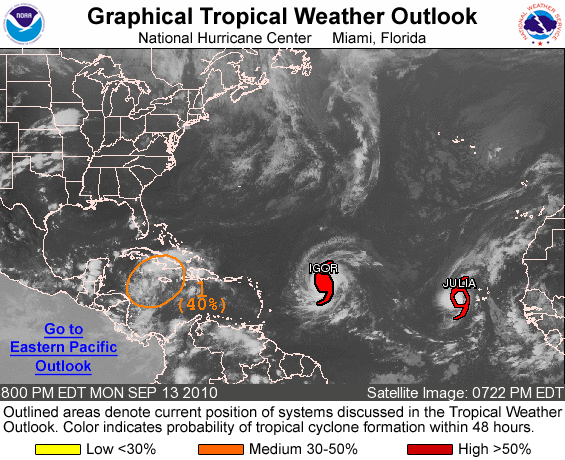
FOR THE NORTH ATLANTIC...CARIBBEAN SEA AND THE GULF OF MEXICO...

THE NATIONAL HURRICANE CENTER IS ISSUING ADVISORIES ON HURRICANE IGOR...LOCATED ABOUT 830 MILES EAST OF THE NORTHERN LEEWARD ISLANDS ...AND ON TROPICAL STORM JULIA...LOCATED ABOUT 225 MILES WEST OF THE SOUTHERNMOST CAPE VERDE ISLANDS.

1. SHOWERS AND THUNDERSTORMS ASSOCIATED WITH A BROAD AREA OF LOW PRESSURE OVER THE WEST-CENTRAL CARIBBEAN SEA REMAIN POORLY ORGANIZED AND HAVE WEAKENED OVER THE PAST FEW HOURS. HOWEVER... SOME DEVELOPMENT IS STILL POSSIBLE WHILE THIS SYSTEM IS OVER THE NORTHWESTERN CARIBBEAN SEA...AND THERE IS A MEDIUM CHANCE... 40 PERCENT...OF TROPICAL CYCLONE FORMATION BEFORE IT MOVES INLAND OVER THE YUCATAN PENINSULA BY WEDNESDAY EVENING. REGARDLESS OF DEVELOPMENT...LOCALLY HEAVY RAINFALL IS POSSIBLE OVER PORTIONS OF HISPANIOLA...JAMAICA...CUBA...THE CAYMAN ISLANDS...AND THE YUCATAN PENINSULA DURING THE NEXT DAY OR TWO. THESE RAINS COULD CAUSE LIFE-THREATENING FLASH FLOODS AND MUD SLIDES...ESPECIALLY IN AREAS OF MOUNTAINOUS TERRAIN.

ELSEWHERE...TROPICAL CYCLONE FORMATION IS NOT EXPECTED DURING THE NEXT 48 HOURS.

FORECASTER BERG